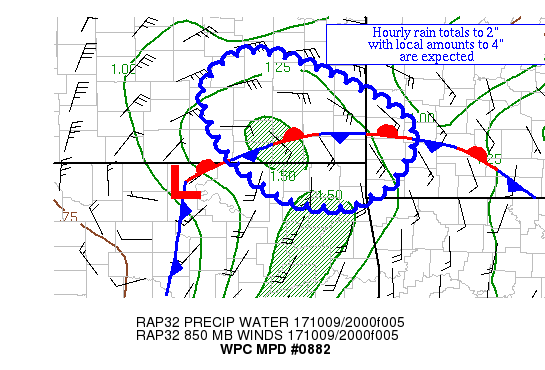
AREAS AFFECTED...SOUTHEAST KS, NORTHEAST OK, & SOUTHWEST MO

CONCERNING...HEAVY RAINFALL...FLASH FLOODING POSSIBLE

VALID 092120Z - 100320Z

SUMMARY...THUNDERSTORMS ARE INCREASING IN COVERAGE ACROSS
SOUTHEAST KS.  HOURLY RAIN TOTALS UP TO 2" WITH LOCAL AMOUNTS TO
4" ARE POSSIBLE AS STORMS SPREAD INTO SOUTHWEST MO AND NORTHEAST
OK.

DISCUSSION...RECENT WATER VAPOR IMAGERY SHOWS WEAK SHORTWAVES
UPSTREAM ACROSS THE SOUTHERN HIGH PLAINS AND SOUTHERN PLAINS
HELPING TO INCREASE DIVERGENCE ALOFT NORTHEAST OF A FRONTAL WAVE
ACROSS NORTHERNMOST OK.  THIS HAS LED TO INCREASING CONVECTIVE
COVERAGE WITHIN A MU CAPE GRADIENT.  PRECIPITABLE WATER VALUES
UPSTREAM HAVE INCREASED A BIT LATELY, UP TO ~1.4" NEAR TULSA PER
GPS DATA.  INFLOW AT 850 HPA IS 25 KTS OUT OF THE SOUTH PER THE
TULSA VAD WIND PROFILE.  BULK SHEAR IN THE REGION IS 40-50 KTS PER
SPC MESOANALYSES.

WHILE CIN HAS BEEN ERODING RECENTLY, THE EROSION IS ONLY EXPECTED
TO CONTINUE FOR ANOTHER COUPLE HOURS BEFORE REDEVELOPING.  HEAVY
RAIN CORES SHOULD ATTEMPT TO MOVE EAST SOUTHEAST TO SOUTHEAST AT
30 KTS WITH TIME, AT A RIGHT ANGLE TO THE MEAN 850-400 HPA WIND,
WHICH LEADS TO THE POSSIBILITY OF CELL MERGERS ENHANCING RAIN
TOTALS.  MESOCYCLONES ARE ALSO POSSIBLE WITHIN THIS ENVIRONMENT,
WHICH CAN BE EFFICIENT FROM A HEAVY RAINFALL PERSPECTIVE.  HOURLY
RAIN TOTALS UP TO 2" ARE POSSIBLE, AND THE MOST RECENT MESOSCALE
GUIDANCE HAS A GOOD SIGNAL FOR LOCAL AMOUNTS UP TO 4".  WHILE
CELLS SHOULD ATTEMPT TO FORWARD PROPAGATE WITH TIME, RAP MASS
FIELDS HINT THAT THERE IS CONCERN FOR REDEVELOPMENT ALONG THE
SOUTHWEST FLANK OF THE EXPECTED COLD POOL IN NORTHEAST OK AFTER
SUNSET, SO USED A SIX HOUR WINDOW.